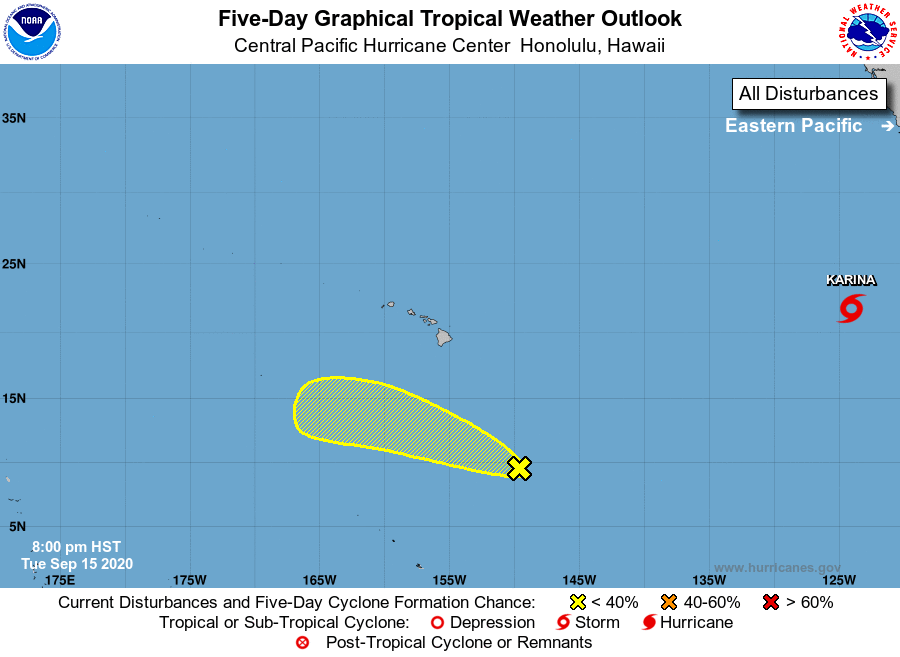
For the central North Pacific...between 140W and 180W:

1. An area of low pressure around 800 miles south-southeast of Hilo, Hawaii continues to produce disorganized showers and thunderstorms. Environmental conditions are expected to become somewhat conducive for development of this system during the next few days as it moves generally west-northwestward at around 10 mph.
* Formation chance through 48 hours...low...30 percent.
* Formation chance through 5 days...low...30 percent.

Elsewhere, no tropical cyclones are expected during the next 5 days.

Forecaster Jelsema